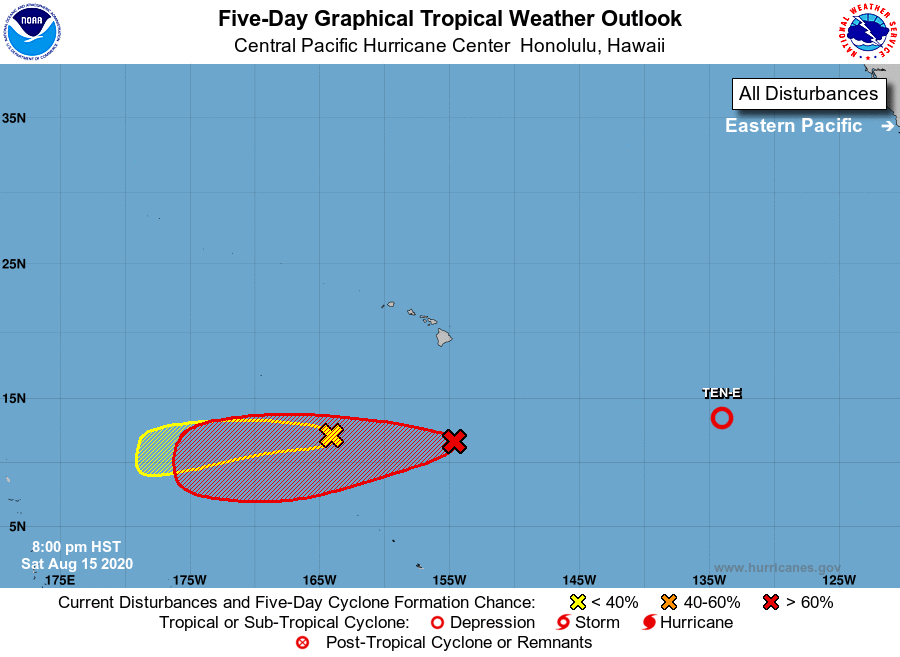
For the central North Pacific...between 140W and 180W:

1. An area of low pressure is located around 700 miles south-southeast of Honolulu, Hawaii. Showers and thunderstorms associated with this system continue to become better organized. Environmental conditions are expected to be conducive for gradual development, and a tropical depression may form later this weekend or early next week as the system moves westward at about 10 mph.
* Formation chance through 48 hours...medium...60 percent.
* Formation chance through 5 days...high...70 percent.

2. An elongated area of low pressure is located about 765 miles south-southwest of Honolulu, Hawaii. Disorganized showers and thunderstorms within this area of low pressure have changed little during the past several hours. Environmental conditions may improve slightly, so some development of this system is possible during the next few days as it moves slowly westward.
* Formation chance through 48 hours...low...10 percent.
* Formation chance through 5 days...low..20 percent.

Elsewhere, no tropical cyclones are expected during the next 5 days.

Forecaster Houston